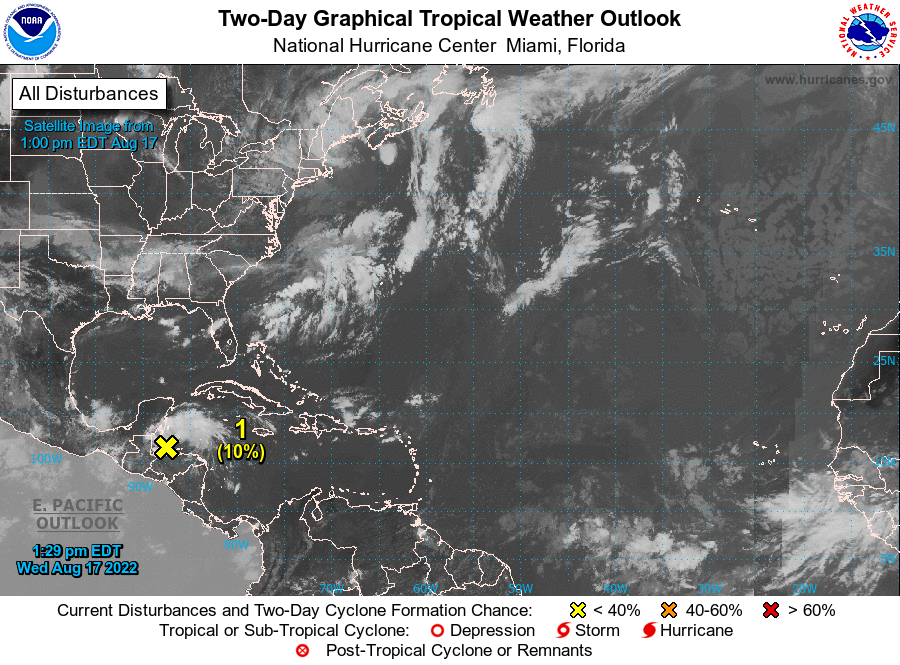
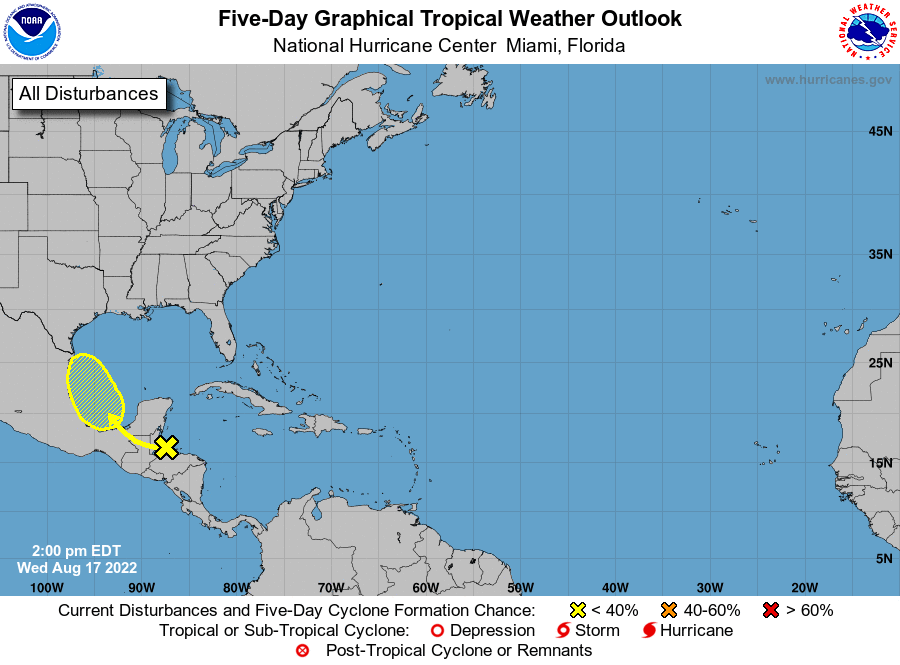
For the North Atlantic...Caribbean Sea and the Gulf of Mexico:

1. Southwestern Gulf of Mexico: A tropical wave over the northwestern Caribbean Sea is forecast to move across Central America during the next couple of days and emerge over the Bay of Campeche, where an area of low pressure could form on Friday. Some gradual development of this system is possible while it moves northwestward over the southwestern Gulf of Mexico through the weekend.
* Formation chance through 48 hours...low...10 percent.
* Formation chance through 5 days...low...30 percent.

Forecaster Bucci/Beven